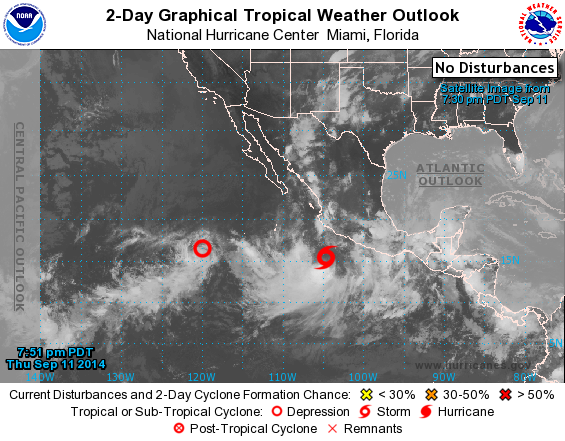
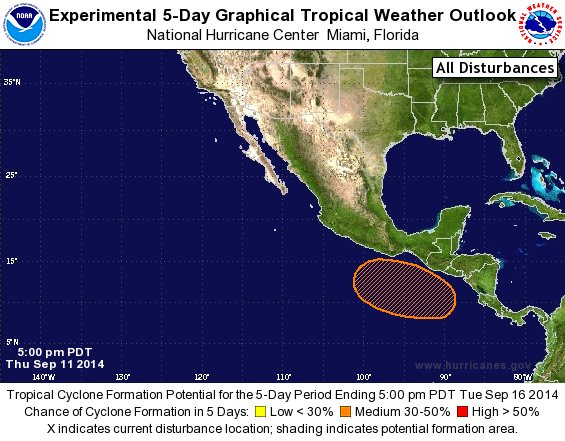
For the eastern North Pacific...east of 140 degrees west longitude:

The National Hurricane Center is issuing advisories on Tropical Storm Odile, located a couple hundred miles southwest of Lazaro Cardenas, Mexico, and on Tropical Depression Sixteen-E, located about about 800 miles west-southwest of the southern tip of the Baja California peninsula.

1. An area of low pressure is expected to form south of the coasts of Guatemala and El Salvador by late in the weekend. Conditions appear favorable for some development of this system by early next week while it moves slowly west-northwestward.
* Formation chance through 48 hours...low...near 0 percent.
* Formation chance through 5 days...medium...40 percent.

Public Advisories on Tropical Depression Sixteen-E are issued under WMO header WTPZ31 KNHC and under AWIPS header MIATCPEP1. Forecast/Advisories on Tropical Depression Sixteen-E are issued under WMO header WTPZ21 KNHC and under AWIPS header MIATCMEP1.

Forecaster Berg